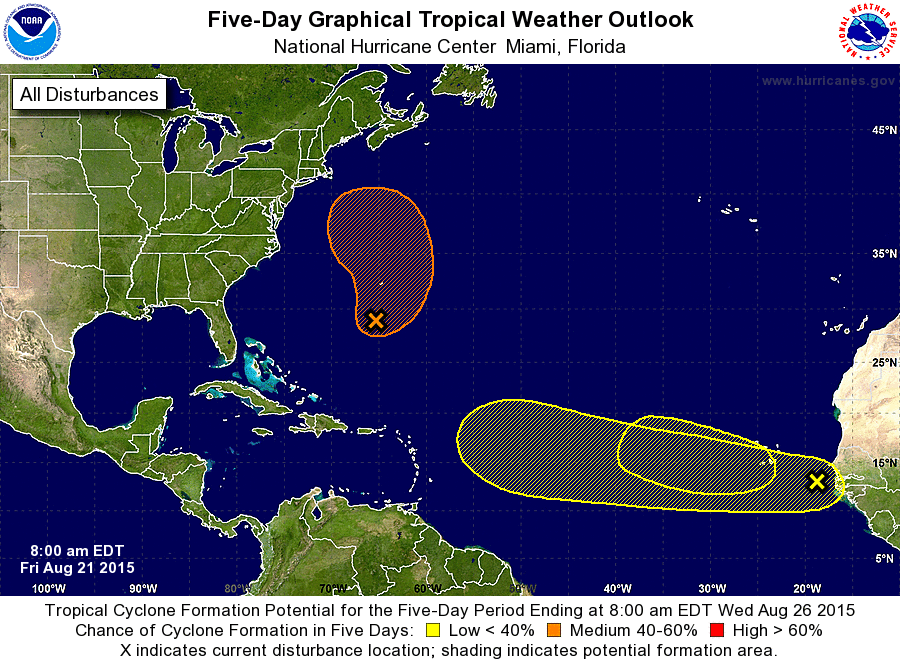
For the North Atlantic...Caribbean Sea and the Gulf of Mexico:

The National Hurricane Center is issuing advisories on Hurricane Danny, located over the central tropical Atlantic Ocean about a thousand miles east-southeast of the Leeward Islands.

1. A broad non-tropical area of low pressure is located a couple of hundred miles south of Bermuda. This system is interacting with an upper-level low and is producing a large area of showers and thunderstorms mainly to the east of the surface low. Environmental conditions could support some tropical or subtropical development while this system moves slowly northward over the western Atlantic Ocean through the weekend.
* Formation chance through 48 hours...low...20 percent
* Formation chance through 5 days...medium...60 percent

2. A tropical wave located just off of the west coast of Africa is producing disorganized showers and thunderstorms. Some slow development of this system is possible during the next several days while the wave moves westward at 15 to 20 mph over the eastern and central tropical Atlantic.
* Formation chance through 48 hours...low...10 percent
* Formation chance through 5 days...low...30 percent

3. Another tropical wave is expected to move off the west coast of Africa in a couple of days. Some development of this system is possible early next week while it moves westward over the eastern tropical Atlantic Ocean.
* Formation chance through 48 hours...low...near 0 percent
* Formation chance through 5 days...low...20 percent

Forecaster Beven